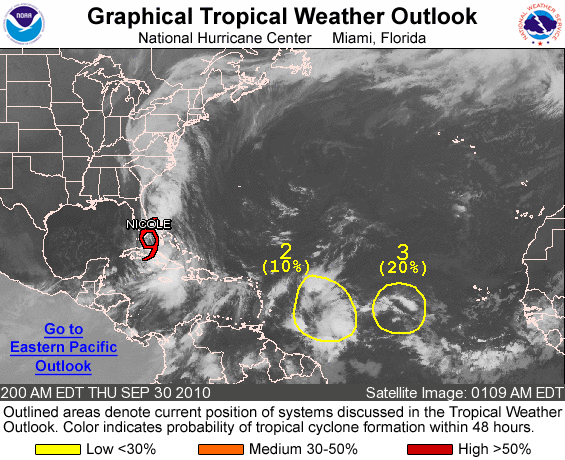
FOR THE NORTH ATLANTIC...CARIBBEAN SEA AND THE GULF OF MEXICO...

1. THE REMNANT CIRCULATION OF FORMER TROPICAL STORM NICOLE...LOCATED ABOUT 35 MILES EAST OF FORT LAUDERDALE FLORIDA AND ABOUT 65 MILES WEST-SOUTHWEST OF FREEPORT BAHAMAS...IS EXPECTED TO MERGE WITH A FRONTAL SYSTEM DURING THE NEXT 12 TO 24 HOURS. THUNDERSTORM ACTIVITY IS CONFINED MAINLY TO THE EAST SIDE OF THE LOW...AND WIND GUSTS TO GALE FORCE WILL BE POSSIBLE IN SOME OF THE STRONGER RAIN SQUALLS. LOCALLY HEAVY RAINFALL WILL ALSO BE POSSIBLE OVER PORTIONS OF THE NORTHWESTERN BAHAMAS TODAY. THERE IS A LOW CHANCE...10 PERCENT...OF THIS SYSTEM BECOMING A SUBTROPICAL CYCLONE DURING THE NEXT 48 HOURS AS IT MOVES NORTH-NORTHEASTWARD AT 15 TO 20 MPH.

2. A TROPICAL WAVE OVER THE CENTRAL ATLANTIC LOCATED ABOUT 600 MILES EAST OF THE WINDWARD ISLANDS IS PRODUCING DISORGANIZED SHOWERS AND THUNDERSTORMS. UPPER-LEVEL WINDS ARE EXPECTED TO BECOME LESS FAVORABLE FOR DEVELOPMENT AS THE SYSTEM MOVES TO THE WEST-NORTHWEST AT ABOUT 15 MPH. THERE IS A LOW CHANCE...10 PERCENT...OF THIS SYSTEM BECOMING A TROPICAL CYCLONE DURING THE NEXT 48 HOURS.

3. ANOTHER TROPICAL WAVE LOCATED OVER THE EAST-CENTRAL TROPICAL ATLANTIC ABOUT 1200 MILES EAST OF THE WINDWARD ISLANDS IS ALSO PRODUCING DISORGANIZED SHOWER AND THUNDERSTORM ACTIVITY. HOWEVER... CONDITIONS APPEAR CONDUCIVE FOR SLOW DEVELOPMENT OF THIS SYSTEM DURING THE NEXT COUPLE OF DAYS AS IT MOVES WESTWARD AT 15 TO 20 MPH. THERE IS A LOW CHANCE...20 PERCENT...OF THIS SYSTEM BECOMING A TROPICAL CYCLONE DURING THE NEXT 48 HOURS.

ELSEWHERE...TROPICAL CYCLONE FORMATION IS NOT EXPECTED DURING THE NEXT 48 HOURS.

FORECASTER STEWART